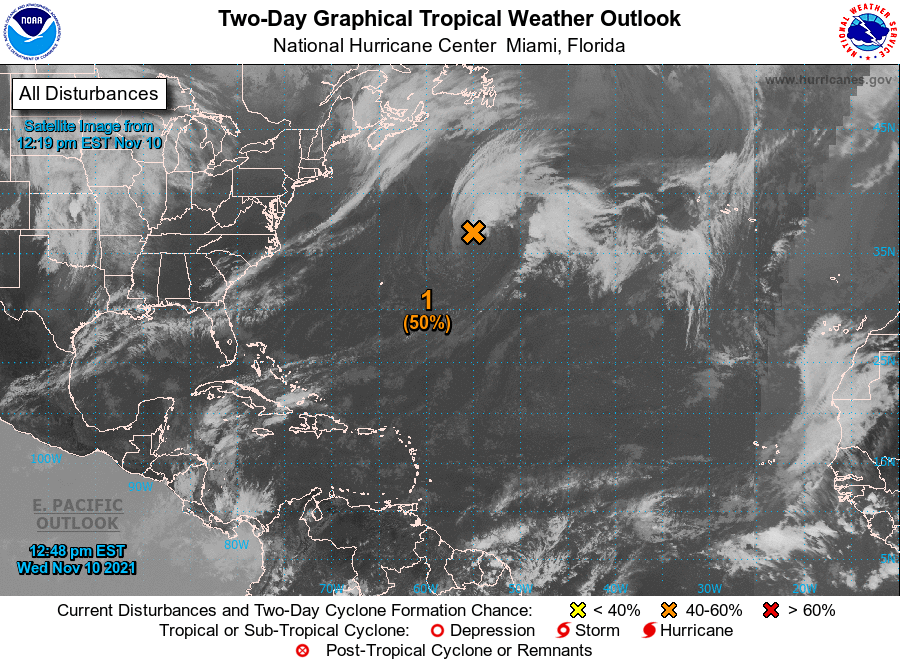
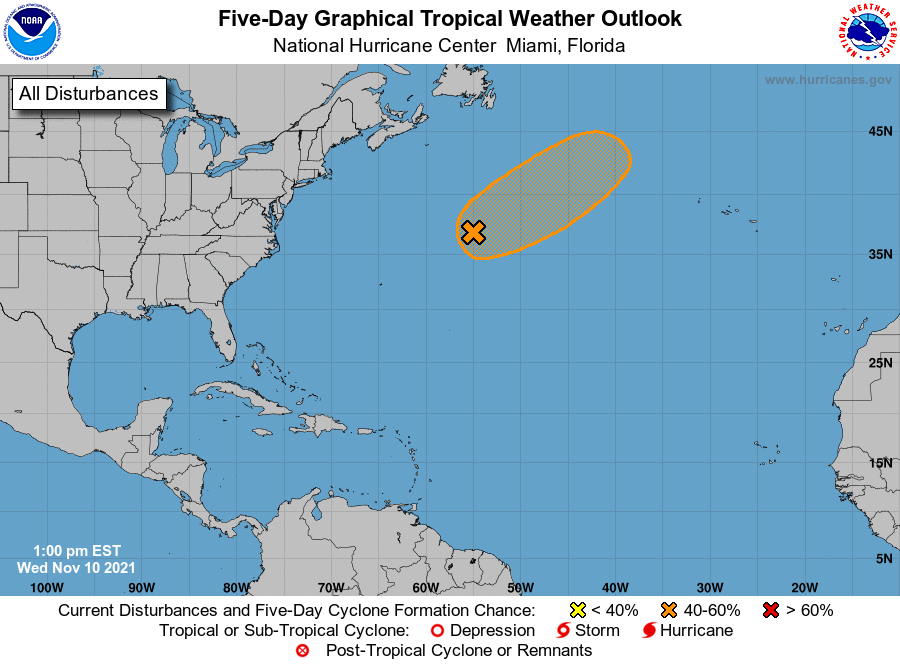
For the North Atlantic...Caribbean Sea and the Gulf of Mexico:

1. A storm-force non-tropical area of low pressure located several hundred miles east-northeast of Bermuda is producing a large area of showers that extend near and to the north of its center along an associated frontal boundary. Although the shower activity has increased near the center today, the system has not acquired sufficient characteristics to be classified as a subtropical cyclone. There remains only a brief period through tonight for this system to become a subtropical storm before it reaches much cooler waters Friday morning. By this weekend, the system is expected to be absorbed by a larger non-tropical low. Additional information on this system, including Storm force wind warnings, can be found in High Seas forecasts issued by the National Weather Service.
* Formation chance through 48 hours...medium...50 percent.
* Formation chance through 5 days...medium...50 percent.

High Seas Forecasts issued by the National Weather Service can be found under AWIPS header NFDHSFAT1, WMO header FZNT01 KWBC, and online at ocean.weather.gov/shtml/NFDHSFAT1.php

Forecaster Latto